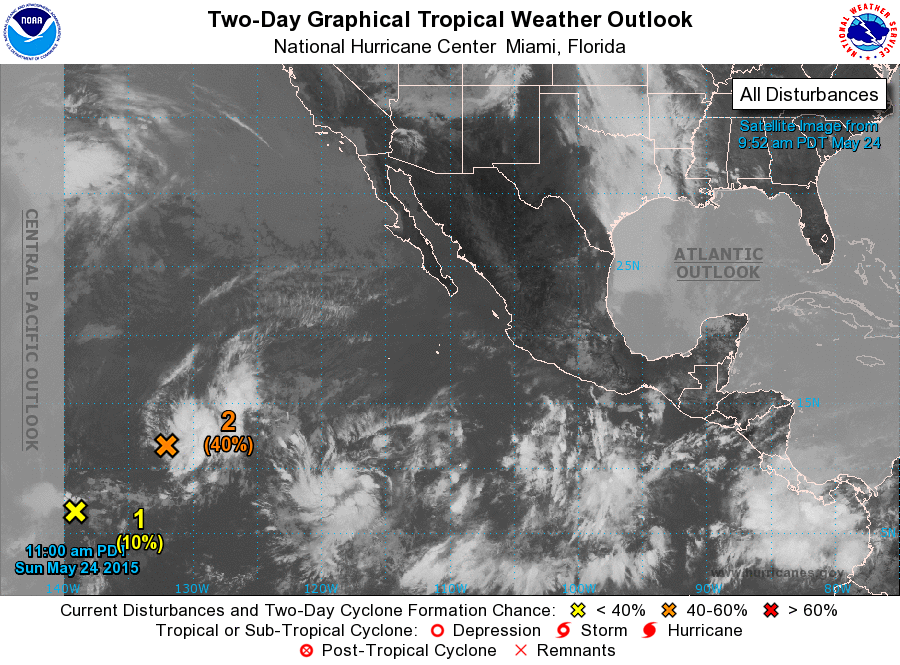
For the eastern North Pacific...east of 140 degrees west longitude:

1. The area of low pressure located about 1400 miles southeast of the Big Island of Hawaii has degenerated into a trough. The associated shower activity remains limited, and development of this system is not expected.
* Formation chance through 48 hours...low...10 percent
* Formation chance through 5 days...low...10 percent

2. A broad and elongated area of low pressure located about 1550 miles west-southwest of the southern tip of Baja California is moving west-northwestward at 10 to 15 mph. Although showers and thunderstorms have increased this morning, the activity remains disorganized. Environmental conditions are forecast to become less favorable for development during the next day or so, and the chance of this system becoming a tropical cyclone is decreasing.
* Formation chance through 48 hours...medium...40 percent
* Formation chance through 5 days...medium...40 percent

3. An area of low pressure is expected to form several hundred miles south of the coast of Mexico during the next couple of days. Environmental conditions are expected to be conducive for gradual development of the system by mid-week while it moves west-northwestward to northwestward.
* Formation chance through 48 hours...low...near 0 percent
* Formation chance through 5 days...medium...50 percent

Forecaster Brown